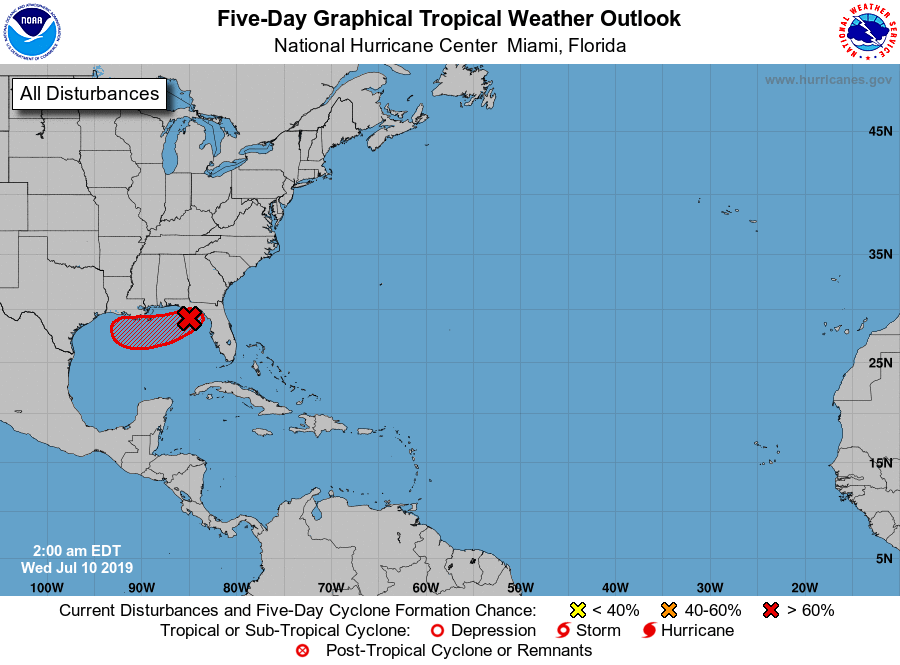
For the North Atlantic...Caribbean Sea and the Gulf of Mexico:

1. A broad low pressure area located over the far northeastern Gulf of Mexico is producing widespread but disorganized showers and thunderstorms. Environmental conditions are conducive for development of this system, and a tropical depression is expected to form late today or Thursday while the low moves slowly westward across the northern Gulf of Mexico. An Air Force Reserve Unit reconnaissance aircraft is scheduled to investigate the disturbance this afternoon. This system could produce storm surge and tropical storm or hurricane force winds across portions of the Louisiana, Mississippi and Upper Texas coasts, and interests there should closely monitor its progress. In addition, this disturbance has the potential to produce very heavy rainfall from the Upper Texas Coast to the Florida Panhandle. For more information, please see products issued by your local weather forecast office and the NOAA Weather Prediction Center.
* Formation chance through 48 hours...high...90 percent.
* Formation chance through 5 days...high...90 percent.

Forecaster Pasch